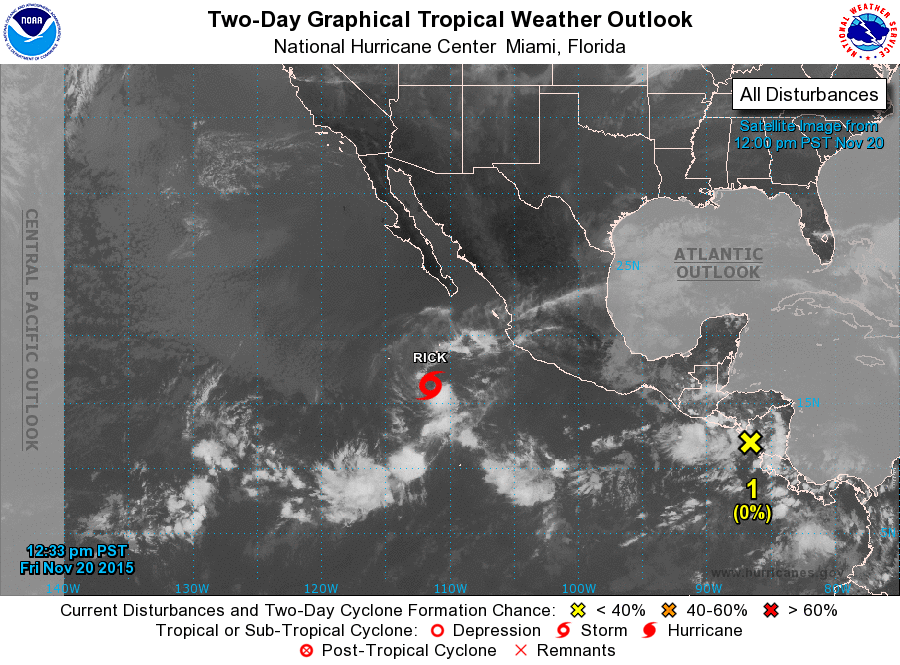
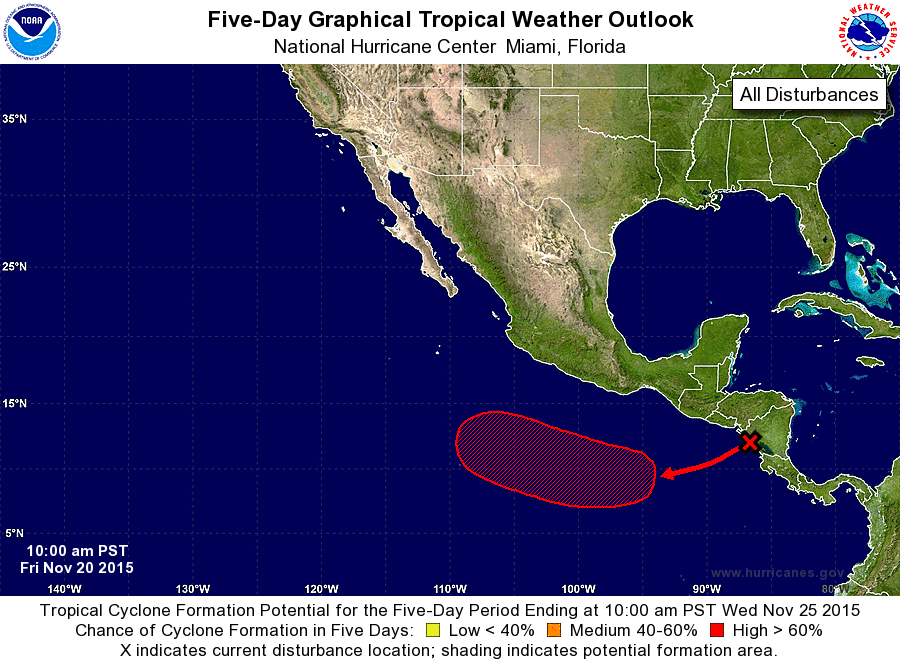
For the eastern North Pacific...east of 140 degrees west longitude:

The National Hurricane Center is issuing advisories on Tropical Storm Rick, located a few hundred miles west-southwest of Manzanillo, Mexico.

1. An area of low pressure located near the west coast of Nicaragua is about to emerge into the far eastern north Pacific Ocean and will move westward to west-southwestward through the weekend. Environmental conditions are expected to become conducive for development by early next week, and a tropical cyclone is likely to form south of the southern coast of Mexico by the middle of next week while the low moves westward or west-northwestward at 10 to 15 mph.
* Formation chance through 48 hours...low...near 0 percent
* Formation chance through 5 days...high...70 percent

Forecaster Brennan